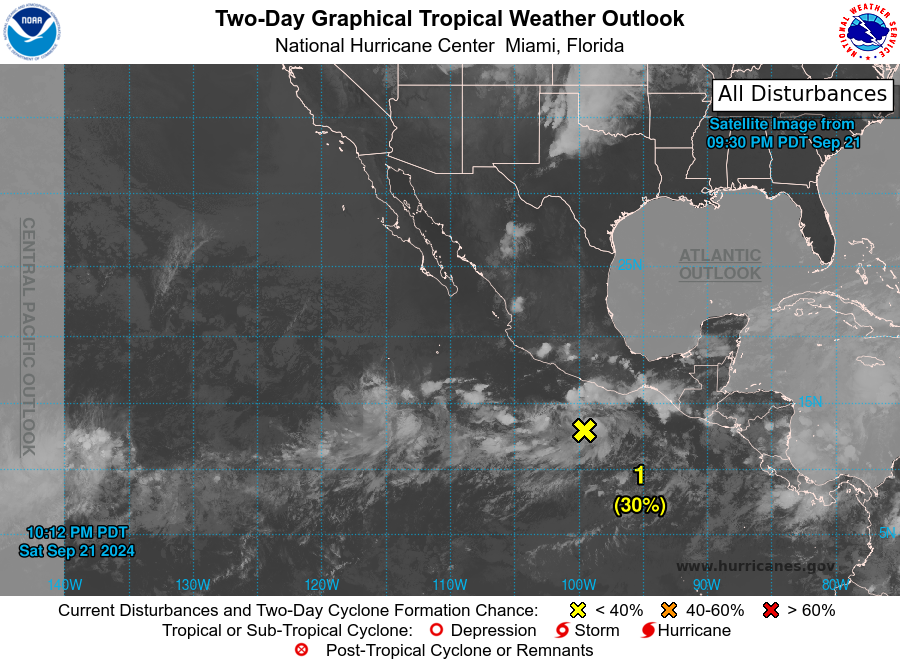
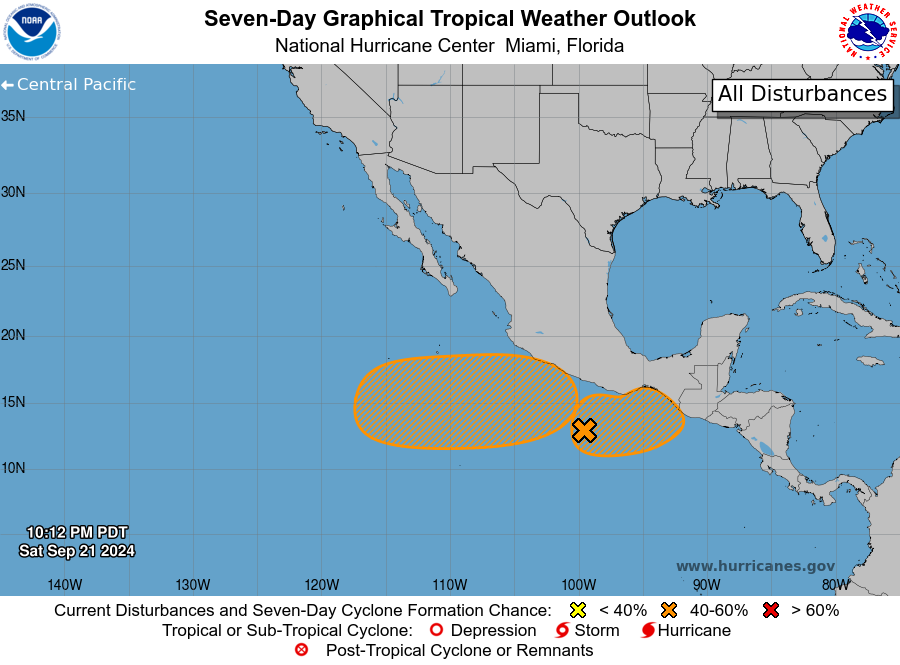
For the eastern North Pacific...east of 140 degrees west longitude:

1. Offshore of Southern Mexico (EP94): A broad area of low pressure is producing an area of showers and thunderstorms located a few hundred miles south of the coast of southern Mexico. Environmental conditions appear conducive for some slow development of this system while it meanders offshore the next few days, and a tropical depression could form during the early or middle part of next week when the system begins to move slowly eastward or northeastward toward the coast of southern Mexico.
* Formation chance through 48 hours...low...30 percent.
* Formation chance through 7 days...medium...50 percent.

2. Central Portion of the East Pacific: An area of low pressure could form well to the southwest of the southwestern coast of Mexico during the next couple of days. Environmental conditions appear conducive for some slow development of this system, and a tropical depression could form during the early or middle part of next week while the system moves slowly eastward or northeastward.
* Formation chance through 48 hours...low...near 0 percent.
* Formation chance through 7 days...medium...50 percent.

Forecaster Kelly